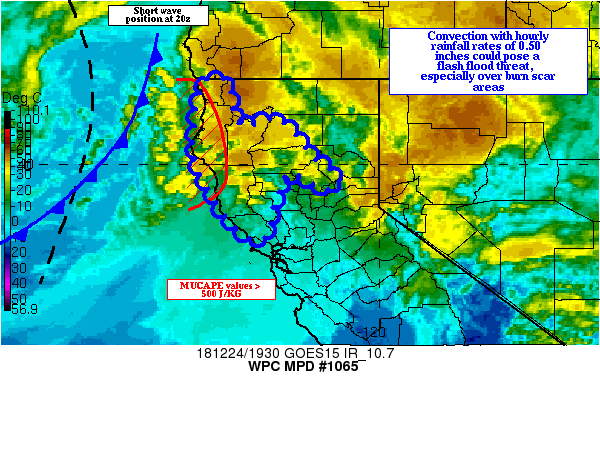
Areas affected...Northern California

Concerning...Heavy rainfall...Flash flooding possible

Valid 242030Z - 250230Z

Summary...Developing convection with hourly rainfall rates near
0.50 inches could pose a flash flood threat through the afternoon
hours, especially over recent burn scars.

Discussion...Instability is increasing ahead of a short wave
located near 42N 127W, as evidenced by the cellular look to the
clouds off the northern CA coast in the GOES-15 IR loop. The most
recent RAP analysis showed MLCAPE values near 500 J/KG nearly
coincident with the cellular cloud structure, just ahead of a cold
front approaching ahead of the short wave. Thus far, the KBHX
radar has showed low topped convection with hourly rainfall rates
under 0.25 inches.

The short wave and cold front are expected to cross the northern
CA coast north of KSFO around 25/00z. Steepening lapse rates
associated with the short wave should produce MUCAPE values of
500-1000 J/KG (and HRRR soundings along the northern CA Coastal
Range showed some of the convection becomes surface based just
before 25/00z). As the convection develops due to dynamic lift
ahead of the short wave, the moisture in the column starts to
decrease, as precipitable water values drop below 0.75 inches
toward 25/00z.

There is still a multi high resolution model signal for hourly
rainfall rates near 0.50 inches, especially over the northern CA
Coastal Range (as best instability ahead of the front is expected
here). The 12z HREF probabilities of hourly rainfall rates peak
over this area before 24/23z, then drop off toward 25/02z, as the
instability wanes.

The greatest threat for flash flooding through 25/02z is expected
over recent burn scars across northern CA. In these areas, the
convectively enhanced rainfall rates could produce isolated
mudslides and debris flows. Elsewhere, the flash flood threat is
more limited, as the short wave and cold front remain progressive.